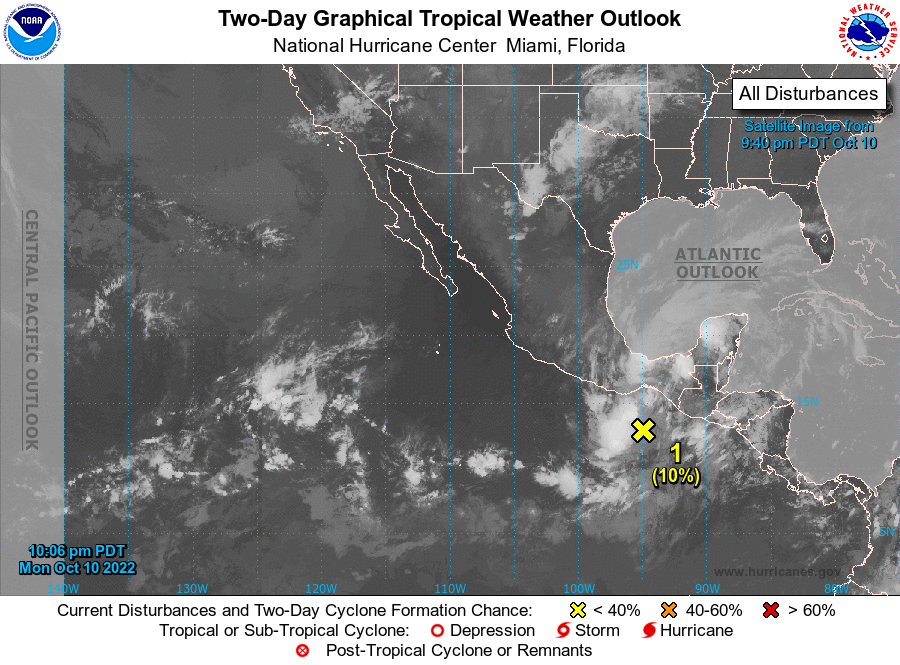
For the eastern North Pacific...east of 140 degrees west longitude:

1. Near the coast of Southern Mexico: Showers and thunderstorms extending from near the Gulf of Tehuantepec southwestward for a couple of hundred miles are associated with a portion of Julia's remnants. A new broad area of low pressure is forecast to form from this area of disturbed weather within the next day or so. Some subsequent gradual development of the new system will be possible if it remains offshore the southern coast of Mexico while it moves generally westward to west-northwestward through the end of the week. Regardless of development, heavy rainfall will likely cause flash flooding and mudslides across portions of southern Mexico during the next day or so.
* Formation chance through 48 hours...low...10 percent.
* Formation chance through 5 days...low...30 percent.

Forecaster Brown